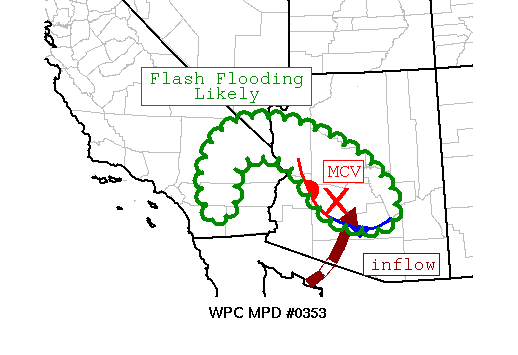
AREAS AFFECTED......ARIZONA/S. CALIFORNIA...

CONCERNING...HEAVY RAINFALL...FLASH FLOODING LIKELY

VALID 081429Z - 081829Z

SUMMARY...FLASH FLOODING REMAINS LIKELY THROUGH 18Z DUE TO A
COMBINATION OF HIGHLY ANOMALOUS MOISTURE/INSTABILITY AND LIGHT
STEERING FLOW SURROUNDING AN MCV NEAR PHOENIX.

DISCUSSION...KIWA AND KEMX RADARS SHOW A NEARLY STEADY STATE MCV
WEST OF PHOENIX WHICH IS LIKELY DELAYING THE DIURNAL WEAKENING OF
THE LOW LEVEL JET...WHICH IS ASCENDING AN UNUSUALLY STRONG AND
DEEP COLD POOL WHICH HAS STALLED SOUTH OF PHOENIX.
ADDITIONALLY...RADAR AND EARLY MORNING VISIBLE SATELLITE SHOW
CONVECTION CONTINUING TO REDEVELOP NORTH OF THE OUTFLOW IN
VICINITY OF THE LOWER ELEVATIONS OF THE MOGOLLON RIM AS WELL AS
THE SAN BERNARDINOS AND JUST SOUTH OF MOUNT CHARLESTON IN SOUTHERN
NEVADA.

RECENT HRRR AND RAP DATA SEEM TO CAPTURE SOME ASPECTS OF THE
CURRENT CONVECTION ACTIVITY...PARTICULARLY THE MCV...WHICH
GUIDANCE ALLOWS TO DRIFT NORTH NORTHWESTWARD BY 18Z.  GIVEN THESE
CONDITIONS...EXPECT THE CURRENT CONVECTIVE ACTIVITY AND ASSOCIATED
HEAVY RAINFALL TO CONTINUE THROUGH ABOUT 18Z BEFORE CONSOLIDATING
SLIGHTLY AND LIFTING NORTHWARD.  EXPECT RAIN RATES OF 0.5 TO
PERHAPS 1.5 INCHES PER HOUR TO CONTINUE...WHICH MAY WORSEN
EXISTING FLOODING CONDITIONS OR CONTRIBUTE TO NEW AREAS OF FLASH
FLOODING.